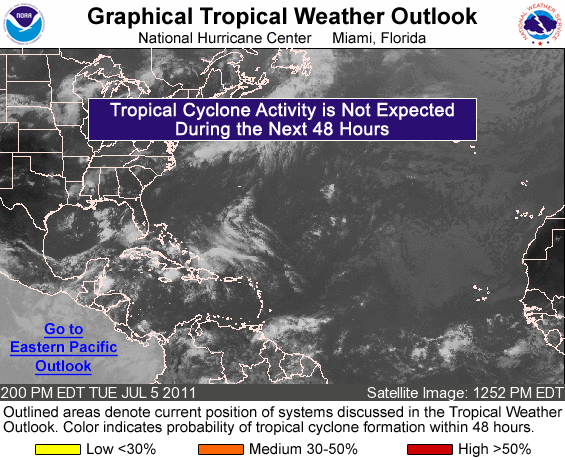
FOR THE NORTH ATLANTIC...CARIBBEAN SEA AND THE GULF OF MEXICO...

TROPICAL CYCLONE FORMATION IS NOT EXPECTED DURING THE NEXT 48 HOURS.

FORECASTER TERRY